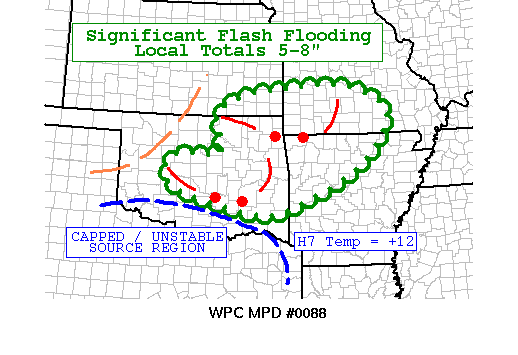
AREAS AFFECTED...CENTRAL AND EASTERN OK...NORTHWEST AR...FAR SE
KS...SOUTHWEST MO...NORTHWEST AR

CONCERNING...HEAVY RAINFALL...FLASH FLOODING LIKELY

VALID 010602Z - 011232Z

SUMMARY...SIGNIFICANT FLASH FLOOD EVENT UNFOLDING OVER OKLAHOMA
CITY...WITH SIMILAR POTENTIAL TOWARD EASTERN OK/WESTERN AR BY
MORNING. SECONDARY EVENT TO ALSO ORGANIZE NEAR SOUTHWEST MO.

DISCUSSION...THE WEST TO EAST TRAINING SCENARIO ALREADY IN PLACE
ACROSS OKC SHOULD CONTINUE TO 08-09Z. JUDGING BY CONSISTENT
HANDLING OF THE LOW LEVEL JET AND 700 MB TROUGH BY THE RAP...DEEP
ASCENT AND PREFERRED UPDRAFT REDEVELOPMENT NORTH OF THE 700 MB
THERMAL RIDGE/12C CONTOUR/ SHOULD BE MAINTAINED UNTIL THAT TIME.
PER A CHECK OF THE NAM AND GFS...MULTICELL AND RIGHT-MOVING CELL
MOTIONS WILL REMAIN ROUGHLY PARALLEL TO MCS PROPAGATION. THOUGH
SOME HAIL CONTINUES...RECENT REPORTS SEEM TO HAVE BEEN THE SMALLER
1-1.25 INCH VARIETY. DUAL POL Z...ZDR...HCA DATA SUPPORT THE
NOTION THAT THE ACTIVITY IS BECOMING MORE HEAVY-RAIN DOMINANT.
NOTED 1.5 INCH RAIN IN LITTLE MORE THAN AN HOUR AT THE WEST OKC
MESONET SITE. SIMILAR RAIN RATES SHOULD CONTINUE UNTIL LOW LEVEL
JET/700 MB TROUGH COUPLET TRANSLATES INTO EASTERN OK AFTER 08-09Z.
GIVEN SOME 5 INCH OBSERVATIONS ALREADY...LOCAL TOTALS ACROSS OKC
METRO MAY APPROACH 8 INCHES...RESULTING IN A HIGHER END FLASH
FLOOD EVENT.

THE POTENTIAL FOR A HIGH END EVENT MAY CONTINUE WITH THE MENTIONED
COUPLET APPROACHING EASTERN OK AND WESTERN AR THROUGH AT LEAST
12Z. STEADY SYNOPTIC SUPPORT AND EARLY JUNE-LIKE CAPE/PW
ENVIRONMENT HELPING TO OFFSET THE USUAL TENDENCY FOR WEAKENING
LATER IN THE NIGHT.

MEANWHILE...MODELS ARE VERY INSISTENT ON DEVELOPING ANOTHER
MCS...ROOTED HIGHER ABOVE THE SURFACE...OVER SOUTHWEST MO AND
ADJACENT KS/OK/AR. THIS SYSTEM SHOULD BE DOMINATED BY FORWARD
PROPAGATION IN STRONGER CLOUD-LAYER WIND FIELDS...BUT COULD
DELIVER A QUICK 1-2 INCHES IN AREAS WITH ROUGHLY 1.5 TO 2.0 INCH
1-HOUR FLOOD GUIDANCE...SOUTH OF THE EARLY EVENING ACTIVITY.